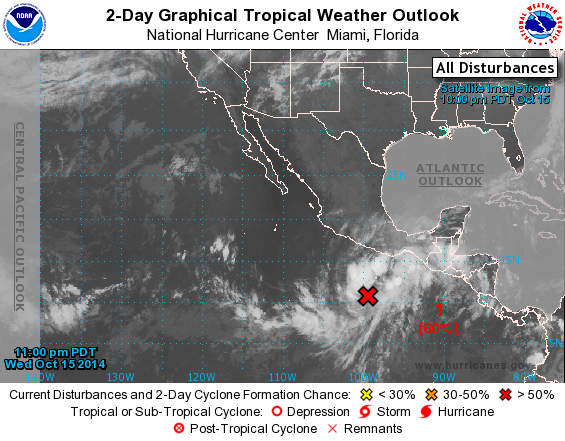
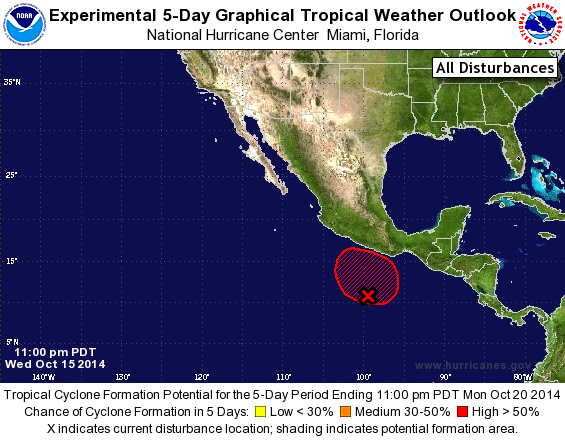
For the eastern North Pacific...east of 140 degrees west longitude:

1. A large but disorganized area of showers and thunderstorms associated with an elongated area of low pressure is located a few hundred miles southwest of the Gulf of Tehuantepec. Environmental conditions are conducive for the gradual development of this system into a tropical depression over the next couple of days as it moves northwestward or northward toward the coast of Mexico. Regardless of whether or not a tropical cyclone forms, heavy rains will spread across southwestern Mexico over the next few days. These rains could cause life-threatening flash floods and mud slides.
* Formation chance through 48 hours...high...60 percent.
* Formation chance through 5 days...high...70 percent.

Forecaster Roberts